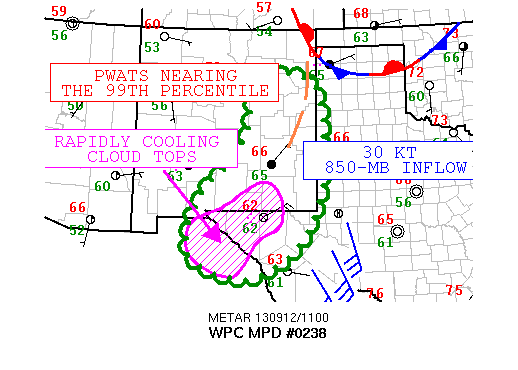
AREAS AFFECTED...SOUTHERN AND EASTERN NM/WESTERN TX...

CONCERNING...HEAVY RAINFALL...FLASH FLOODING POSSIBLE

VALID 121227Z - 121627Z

SUMMARY...ANOMALOUS MOISTURE CONTENT IN PLACE WILL COMBINE WITH
STRONG LOW-LEVEL UPSLOPE FLOW TO PROMOTE ADDITIONAL CONVECTION
THIS MORNING.

DISCUSSION...THE ACTIVITY FROM OVERNIGHT APPEARS TO HAVE CONTINUED
INTO THE EARLY MORNING HOURS WITH RECENT FLAREUPS IN IR SATELLITE
ALONG THE TX/NM/MX BORDER. THE LATEST SCAN SUGGESTS CLOUD TOPS
HAVE REACHED -66C OR APPROXIMATELY 45000 FT. THIS REGION OF
ENHANCED VERTICAL MOTION IS IN THE VICINITY OF FAR WEST TX WHERE 4
TO 6 INCH RAINFALL AMOUNTS WERE REPORTED PER MESONET OBSERVATIONS.
AT THIS TIME...THE 10Z RAP INDICATES 850-MB WINDS NEARING 30 KTS
OUT OF THE SOUTHEASTLY DIRECTION GIVING THE LOW-LEVEL FLOW A
STRONG UPSLOPE COMPONENT. THE GUIDANCE EXPECTS THIS FLOW TO WEAKEN
AND VEER IN TIME WHICH WILL ALLOW THE 850-MB WINDS TO PARALLEL THE
TERRAIN WHICH LEAVES THE FORECAST IN SOME DOUBT. HOWEVER...IN ITS
FAVOR ARE PWATS NEARING THE 99TH PERCENTILE WHICH SHOULD REMAIN IN
PLACE THROUGHOUT MUCH OF THE DAY. ADDITIONALLY...THE SOUTHERN
ROCKIES WILL RESIDE UNDERNEATH A HIGHLY DIFFULENT 250-MB JET WITH
MODELS SUPPORTING THIS SETUP DURING THE MORNING HOURS. PLUS THE
FORECAST SOUNDINGS MAINTAIN AN EXTENSIVE WARM CLOUD LAYER
EXTENDING UP TO NEAR 600 MB WITH A FULLY SATURATED MOISTURE
PROFILE.

HIGH-RESOLUTION MODELS ARE SOMEWHAT AT ODDS IN THE PLACEMENT OF
THE CONVECTIVE ACTIVITY THROUGH 18Z. HOWEVER...THE LATEST RUN OF
THE HRRR (09Z) SUGGESTS A HEAVIER SWATH OF RAINFALL ACROSS
SOUTHEASTERN NM AND EXTENDING INTO FAR WEST TX. A BIT DIFFICULT TO
GAUGE THE CURRENT RADAR TRENDS AS MUCH OF THE REGION IS BEING
IMPACTED BY BEAM BLOCKAGE. HOWEVER...GIVEN THE SATELLITE TRENDS
COMBINED WITH A HISTORY OF DROPPING ABOVE 1 INCH RAINFALL AMOUNTS
PER HOUR...SUCH TOTALS SHOULD CONTINUE THE NEXT SEVERAL HOURS.